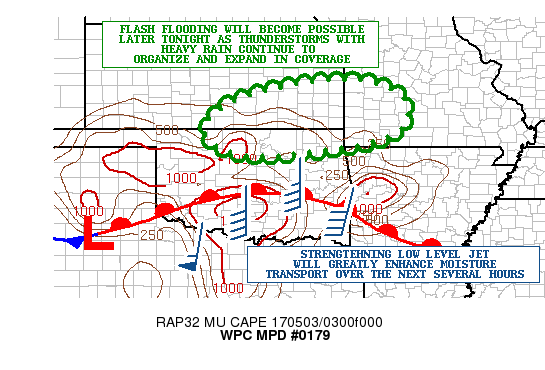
AREAS AFFECTED...SOUTHERN KS...NORTHERN OK...SOUTHWEST MO

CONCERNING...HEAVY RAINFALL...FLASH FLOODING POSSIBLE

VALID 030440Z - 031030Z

SUMMARY...CLUSTERS OF THUNDERSTORMS WILL BECOME MORE ORGANIZED
WITH TIME WITH A RESULTING AXIS OF HEAVY RAIN SETTING UP OVER
NEARLY SATURATED SOIL CONDITIONS. RENEWED FLASH FLOODING CONCERNS
WILL ARRIVE TOWARD DAWN.

DISCUSSION...A VIGOROUS SHORTWAVE TROUGH DIGGING OUT INTO THE
CENTRAL AND SOUTHERN PLAINS WILL BE STRENGTHENING AN AREA OF LOW
PRESSURE OVER WEST TX OVERNIGHT AS A WARM FRONT BECOMES
BETTER-DEFINED OFF TO THE EAST ACROSS OK. STRENGTHENING
FRONTOGENESIS COUPLED WITH AN INCREASINGLY SOUTHERLY LOW LEVEL
JET...STEEP MID LEVEL LAPSE RATES AND A GRADUALLY MOISTENING
COLUMN WILL ALLOW THUNDERSTORMS TO EXPAND IN COVERAGE TONIGHT IN
AN ELEVATED FASHION ACROSS NORTHERN OK AND SOUTHERN KS
INITIALLY..AND GRADUALLY ADVANCING INTO SOUTHWEST MO TOWARD DAWN.
ALREADY THE LATEST GOES-16 EXPERIMENTAL 10.3 MICRON/IR IMAGERY
SHOWS RAPIDLY COOLING CONVECTIVE TOPS OVER THE OK/TX PANHANDLES
AND FARTHER EAST ALONG THE OK/KS BORDER WITH POCKETS OF ELEVATED
CONVECTION EXPANDING IN COVERAGE.

THE 00Z ARW/NMMB GUIDANCE ALONG WITH CONSECUTIVE RUNS OF THE HRRR
ALL SUPPORT AN EXPANSION OF CONVECTION OVERNIGHT WITH HEAVY
RAINFALL BECOMING A CONCERN AS DEEPER MOISTURE LIFTING UP ACROSS
CENTRAL/SOUTHERN TX GETS TRANSPORTED FARTHER NORTH TOWARD THE WARM
FRONT AHEAD OF THE UPSTREAM SHORTWAVE AND ASSOCIATED DYNAMICS.
EXPECT AREAS OF 1 TO 2 INCHES OF RAIN WITH ISOLATED HEAVIER
AMOUNTS TO NEAR 3 INCHES TO BE POSSIBLE THROUGH DAWN. GIVEN THE
MOST RECENT HEAVY RAINFALL EVENT AND SUBSEQUENT FLOODING
PROBLEMS...ESPECIALLY OVER SOUTHWEST MO...THESE ADDITIONAL RAINS
WILL LIKELY AGGRAVATE CONCERNS FOR RUNOFF PROBLEMS WITH RENEWED
FLASH FLOODING POSSIBLE.